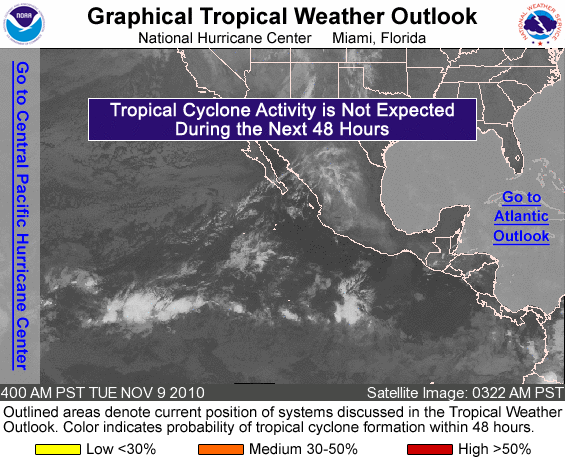
FOR THE EASTERN NORTH PACIFIC...EAST OF 140 DEGREES WEST LONGITUDE..

TROPICAL CYCLONE FORMATION IS NOT EXPECTED DURING THE NEXT 48 HOURS.

FORECASTER BROWN